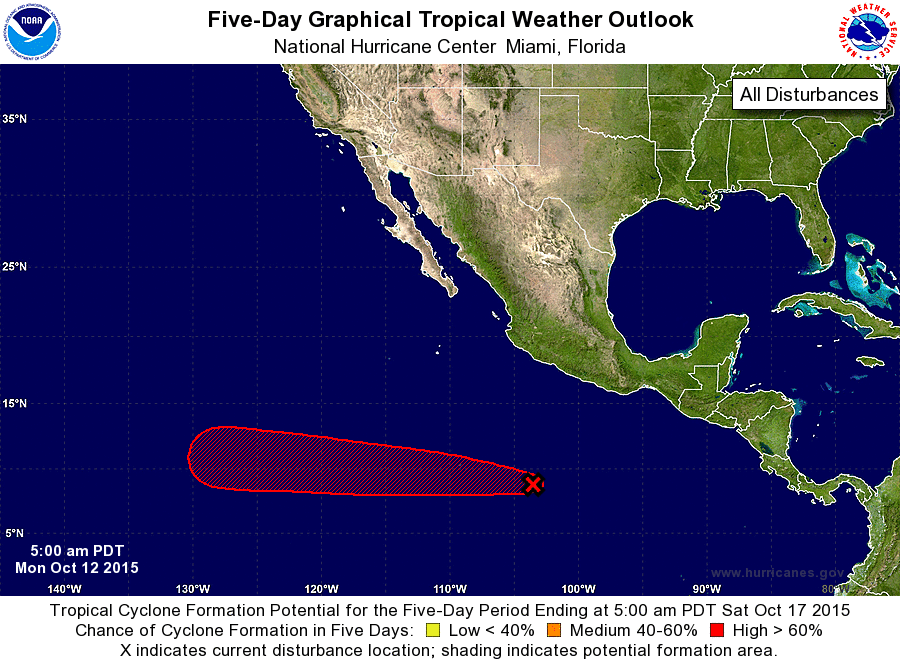
For the eastern North Pacific...east of 140 degrees west longitude:

1. Shower activity associated with a low pressure system located about 675 miles south of Manzanillo, Mexico, has decreased since yesterday and remains disorganized. However, environmental conditions are conducive for slow development of this system, and a tropical depression is still likely to form by late this week while the low moves westward at 10 to 15 mph.
* Formation chance through 48 hours...low...10 percent
* Formation chance through 5 days...high...80 percent

Forecaster Kimberlain